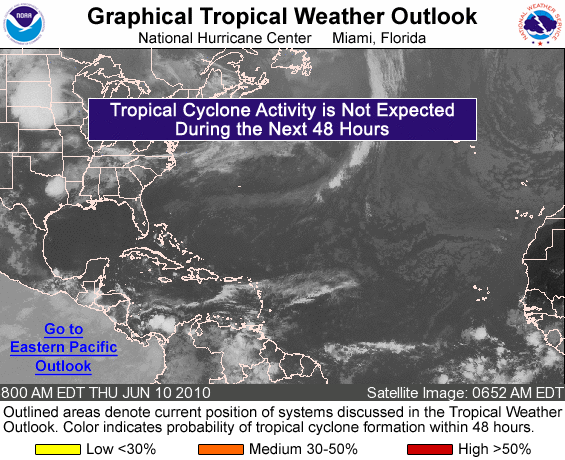
FOR THE NORTH ATLANTIC...CARIBBEAN SEA AND THE GULF OF MEXICO...

TROPICAL CYCLONE FORMATION IS NOT EXPECTED DURING THE NEXT 48 HOURS.

FORECASTER ROBERTS/PASCH